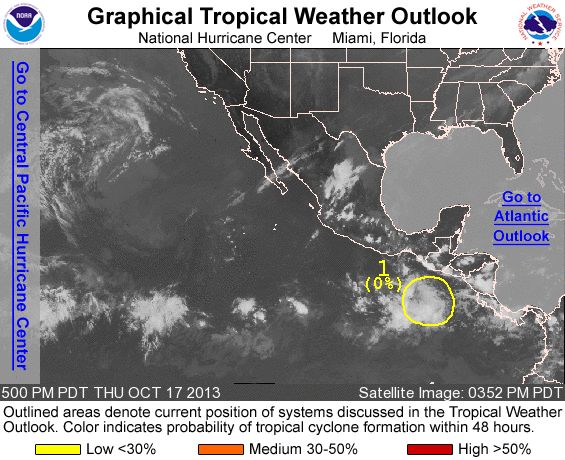
FOR THE EASTERN NORTH PACIFIC...EAST OF 140 DEGREES WEST LONGITUDE..

1. A BROAD AREA OF LOW PRESSURE LOCATED OVER THE FAR EASTERN PACIFIC SOUTH OF THE COASTS OF EL SALVADOR AND GUATEMALA IS PRODUCING AN AREA OF DISORGANIZED SHOWERS AND THUNDERSTORMS. UPPER-LEVEL WINDS ARE EXPECTED TO BECOME CONDUCIVE FOR SOME SLOW DEVELOPMENT BY EARLY NEXT WEEK. THIS SYSTEM HAS A LOW CHANCE...NEAR 0 PERCENT...OF BECOMING A TROPICAL CYCLONE DURING THE NEXT 48 HOURS...AND A MEDIUM CHANCE...30 PERCENT...OF BECOMING A TROPICAL CYCLONE DURING THE NEXT 5 DAYS WHILE IT MOVES SLOWLY WESTWARD TO WEST-NORTHWESTWARD.

FIVE-DAY FORMATION PROBABILITIES ARE EXPERIMENTAL IN 2013. COMMENTS ON THE EXPERIMENTAL FORECASTS CAN BE PROVIDED AT...

HTTP://WWW.NWS.NOAA.GOV/SURVEY/NWS-SURVEY.PHP?CODE=ETWO

FORECASTER BRENNAN